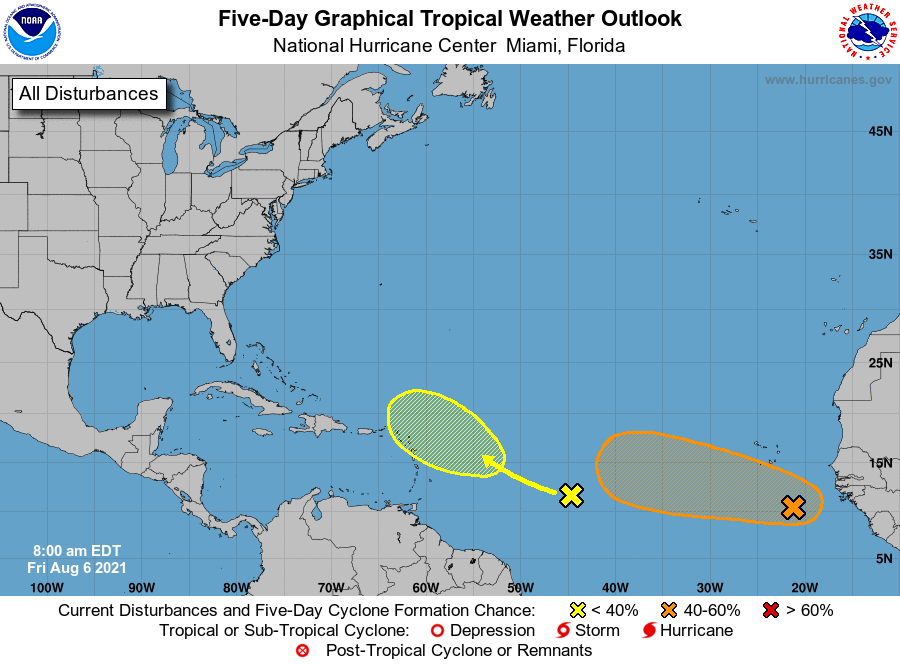
For the North Atlantic...Caribbean Sea and the Gulf of Mexico:

1. A large area of disorganized cloudiness and thunderstorms located a few hundred miles south of the Cabo Verde Islands is associated with a tropical wave interacting with a broader surface trough. Environmental conditions appear somewhat conducive for gradual development over the next several days, and a tropical depression could form late this weekend or early next week while the system moves generally west-northwestward across the tropical Atlantic.
* Formation chance through 48 hours...low...30 percent.
* Formation chance through 5 days...medium...60 percent.

2. A trough of low pressure located over the central tropical Atlantic continues to produce some disorganized showers and thunderstorms. This system is expected to move slowly west-northwestward, and some slow development is possible early next week as it approaches the Lesser Antilles.
* Formation chance through 48 hours...low...near 0 percent.
* Formation chance through 5 days...low...20 percent.

Forecaster Brown/Hagen